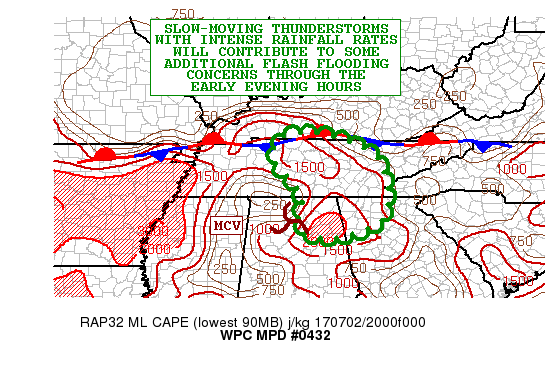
AREAS AFFECTED...CENTRAL/SOUTHEAST TN...NORTHEAST AL AND NORTHWEST
GA

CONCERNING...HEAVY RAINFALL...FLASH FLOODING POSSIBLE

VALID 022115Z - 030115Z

SUMMARY...SLOW-MOVING CLUSTERS OF THUNDERSTORMS WITH INTENSE
RAINFALL RATES WILL FOSTER SOME ADDITIONAL CONCERNS FOR FLASH
FLOODING THROUGH THE EARLY EVENING HOURS.

DISCUSSION...A CLUSTER OF RELATIVELY COLD-TOPPED BY RATHER
SLOW-MOVING THUNDERSTORMS OVER PARTS OF NORTH-CENTRAL TN IS SEEN
ATTEMPTING TO DROP SOUTHEASTWARD WHILE ALSO TAKING ADVANTAGE OF A
VERY MOIST AND UNSTABLE AIRMASS. MLCAPE VALUES OF OVER 1500 J/KG
AND PWATS OF CLOSE TO 2 INCHES IS PRODUCING AN ENVIRONMENT
CONDUCIVE FOR RAINFALL RATES OF UP TO 2.5 INCHES/HR.

THE ACTIVITY IS BEING FOSTERED BY CLOSE PROXIMITY OF AN OLD
FRONTAL ZONE NEAR THE KY/TN BORDER AND WITH THE POOLING OF
FAVORABLE THERMODYNAMICS ALONG AND SOUTH OF IT. MEANWHILE...THE
EXPERIMENTAL GOES-16 0.64 MICRON/VIS IMAGERY IS SHOWING AN MCV
OVER NORTHERN AL ADVANCING EASTWARD WHICH IS HELPING TO FACILITATE
CLUSTERS OF CONVECTION APPROACHING NORTHEAST AL AND DOWNWIND
ACROSS SOUTHEAST TN AND NORTHWEST GA AT THIS TIME.

SOME OF THESE AREAS HAVE SEEN SOME RELATIVELY HEAVY RAINFALL OF
LATE...AND SO THE ADDITIONAL RAINFALL THREAT THROUGH THE EARLY
EVENING HOURS WILL AT LEAST LOCALLY BE FALLING ON RATHER MOIST
SOIL CONDITIONS WHICH WILL ENHANCE THE RUNOFF POTENTIAL.

EXPECT AS MUCH AS 2 TO 4 INCHES OF RAIN WITH ISOLATED HEAVIER
AMOUNTS. THE RAINFALL AMOUNTS MAYBE LOCALLY HEAVIER ACROSS AREAS
OF NORTH-CENTRAL TN AND CLOSE TO THE NASHVILLE AREA WHERE
CONVECTION RECENTLY HAS BEEN MORE ORGANIZED. SOME FLASH FLOODING
WILL BE POSSIBLE AND ESPECIALLY IN AND AROUND THE MORE URBANIZED
ENVIRONMENTS.